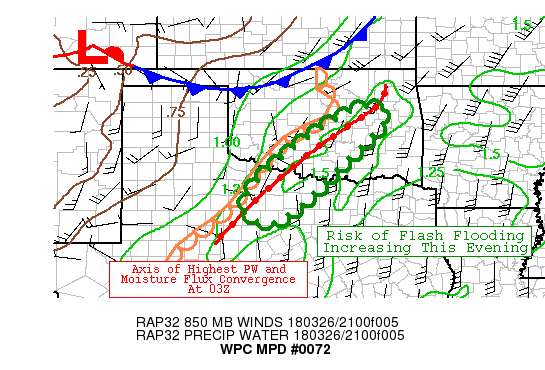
AREAS AFFECTED...NORTH TEXAS INTO SOUTHERN AND CENTRAL OKLAHOMA

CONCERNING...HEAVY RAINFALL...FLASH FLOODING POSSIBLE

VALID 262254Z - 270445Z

SUMMARY...THERE IS AN INCREASING THREAT OF FLASH FLOODING FROM
PARTS OF NORTH TEXAS INTO SOUTHERN AND CENTRAL OKLAHOMA THIS
EVENING.  FLASH FLOOD GUIDANCE IS RATHER HIGH BUT STORM MOTION AND
THE MEAN FLOW ARE FORECAST TO BECOME ALIGNED WHICH SUGGESTS
POTENTIAL FOR TRAINING OF CELLS AND THE RESULTING POSSIBILITY OF
FLASH FLOODING.

DISCUSSION...CONVECTION LATE THIS AFTERNOON AND EARLY EVENING WAS
MORE IN A MODE OF PRODUCING SEVERE WEATHER THAN FLASH FLOODING.
HOWEVER...MOISTURE MOVING NORTHWARD AND INTERACTING WITH A DRY
LINE OUT TO THE WEST AND THE APPROACH OF A COLD FRONT LATER THIS
EVENING...COMBINED WITH SOUTH TO SOUTHWEST FLOW AT THE LOW LEVELS
AND INCREASING PRECIPITABLE WATER VALUES SOUTH OF THE FRONT WILL
SET THE STAGE FOR LOCALIZED HEAVY RAINFALL RATES AND
ACCUMULATIONS.  WITH CELL MOTION BEING CLOSE TO THE MEAN LOW LEVEL
FLOW...THERE SHOULD BE THE POTENTIAL FOR TRAINING OF CELLS.

THE 20Z AND 21Z HRRR QPF PAINTS A STRIPE OF 1 TO 2 INCH AMOUNTS
INTO THE EVENING HOURS IN THE AXIS OF HIGHEST PRECIPITABLE WATER
VALUES AND THE BEST LOW LEVEL MOISTURE FLUX CONVERGENCE AHEAD OF
THE DRY LINE.  GIVEN THAT THIS IS CLOSE TO THE PLACEMENT OF THE
AFTERNOON CONVCETION...THINK THAT FLASH FLOODING WILL BE POSSIBLE
THROUGH AT LEAST 04Z DESPITE THE FACT THAT FLASH FLOOD GUIDANCE
WAS INITIALLY CLOSER TO 3 INCHES PER HOUR.

AFTER 04Z...THE ARW/NMMB AND HRRR ALL BEGIN TO WEAKEN CONVECTION.